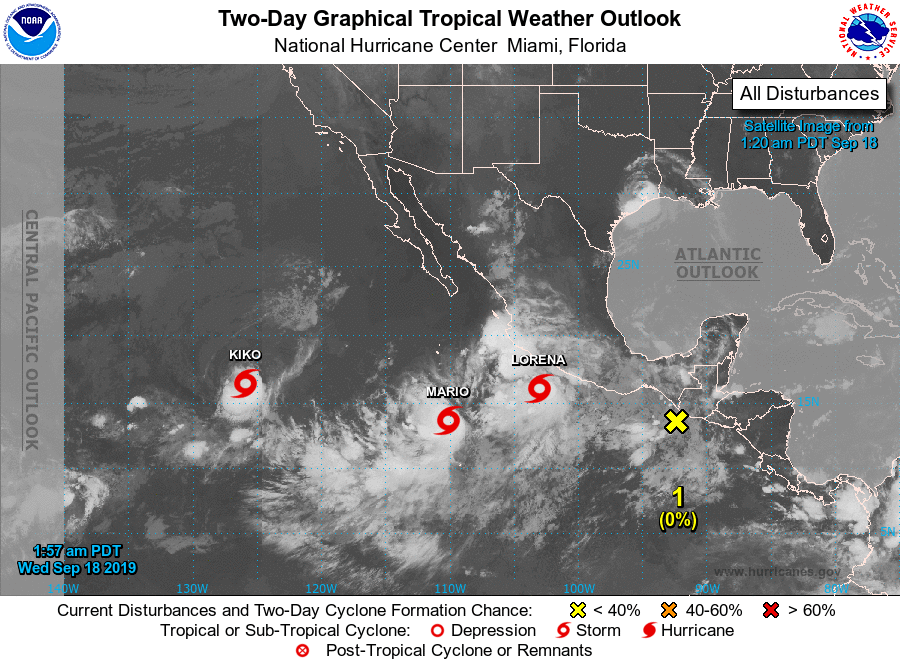
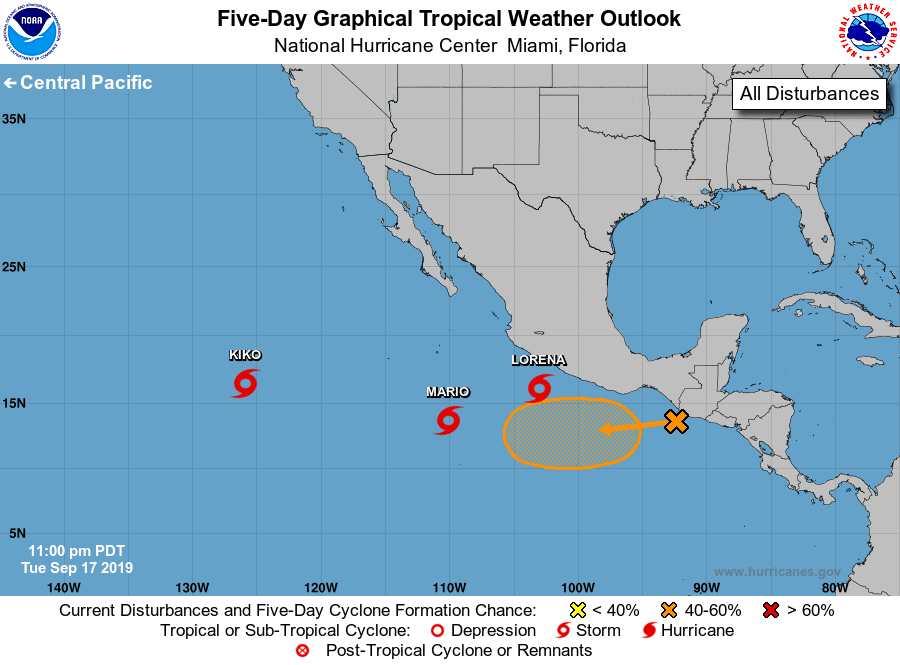
For the eastern North Pacific...east of 140 degrees west longitude:

The National Hurricane Center is issuing advisories on Tropical Storm Kiko, located more than 1000 miles west-southwest of the southern tip of the Baja California peninsula, on Tropical Storm Mario, located several hundred miles south of the southern tip of the Baja California peninsula, and on Tropical Storm Lorena, located a couple of hundred miles south-southwest of Zihuatanejo, Mexico.

1. An elongated trough of low pressure lying near the coast of southeastern Mexico, Guatemala, and El Salvador is producing a large area of disorganized cloudiness and showers that extends several hundred miles southward over the Pacific waters. Gradual development of this system is possible during the next several days, and a tropical depression could form over the weekend while moving westward at 5 to 10 mph. Locally heavy rainfall is possible along the coasts of El Salvador, Guatemala and southeastern Mexico during the next few days.
* Formation chance through 48 hours...low...near 0 percent.
* Formation chance through 5 days...medium...40 percent.

Public Advisories on Mario are issued under WMO header WTPZ34 KNHC and under AWIPS header MIATCPEP4. Forecast/Advisories on Mario are issued under WMO header WTPZ24 KNHC and under AWIPS header MIATCMEP4.

Public Advisories on Lorena are issued under WMO header WTPZ35 KNHC and under AWIPS header MIATCPEP5. Forecast/Advisories on Lorena are issued under WMO header WTPZ25 KNHC and under AWIPS header MIATCMEP5.

Forecaster Latto